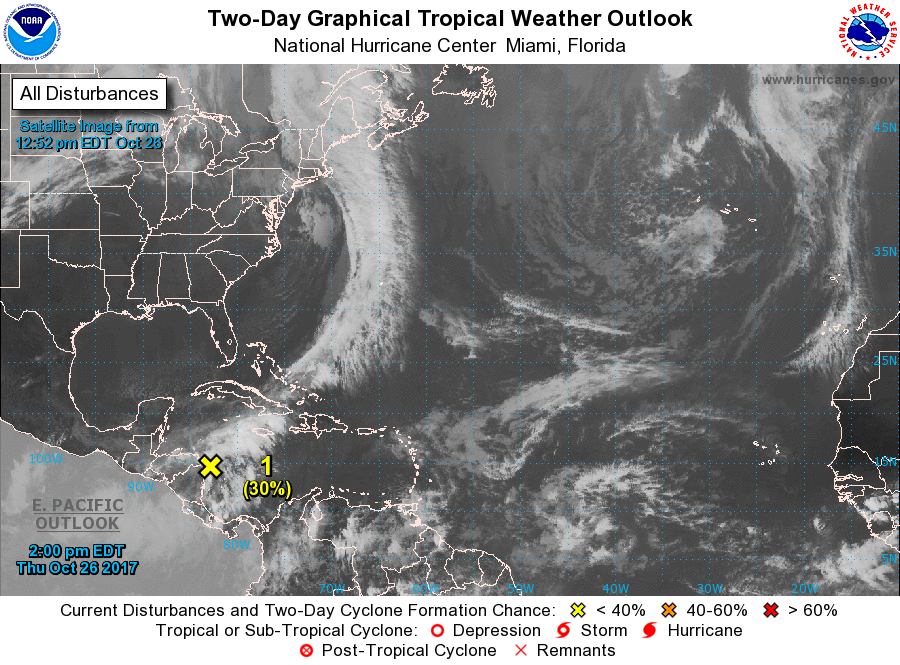
For the North Atlantic...Caribbean Sea and the Gulf of Mexico:

1. Disorganized cloudiness and thunderstorms over the western Caribbean Sea are associated with a trough of low pressure. Environmental conditions are expected to be conducive for some development on Friday and Saturday as the system moves slowly northward over the northwestern Caribbean Sea. Strong upper-level winds associated with an approaching cold front will make conditions less favorable by Sunday. Regardless of development, this system is expected to produce locally heavy rainfall over the Cayman Islands, Jamaica, and portions of Cuba during the next day or two. These rains are forecast to spread northward across portions of South Florida and the Keys on Saturday, and over the northwestern Bahamas Saturday night and Sunday.
* Formation chance through 48 hours...low...30 percent.
* Formation chance through 5 days...medium...40 percent.

Forecaster Brown